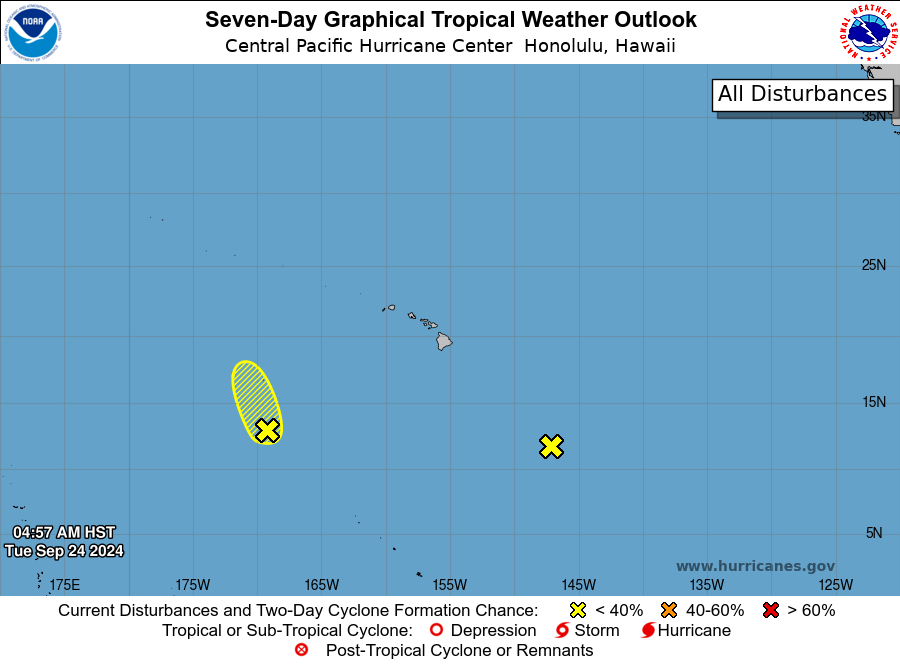
For the central North Pacific...between 140W and 180W:

1. Approximately 750 miles southeast of Hilo, Hawaii: Thunderstorms have decreased in coverage northwest of a broad trough of low pressure located far southeast of Hawaii. Environmental conditions are expected to remain unfavorable for the development of this system.
* Formation chance through 48 hours...low...near 0 percent.
* Formation chance through 7 days...low...near 0 percent.

2. Approximately 950 miles southwest of Honolulu, Hawaii: Numerous showers and enhanced thunderstorms are in association with an area of broad low pressure located far southwest of the Hawaiian Islands. As the low moves northwest the next couple of days, environmental conditions may become marginally conducive for the development of this system.
* Formation chance through 48 hours...low...10 percent.
* Formation chance through 7 days...low...10 percent.

Forecaster Blood